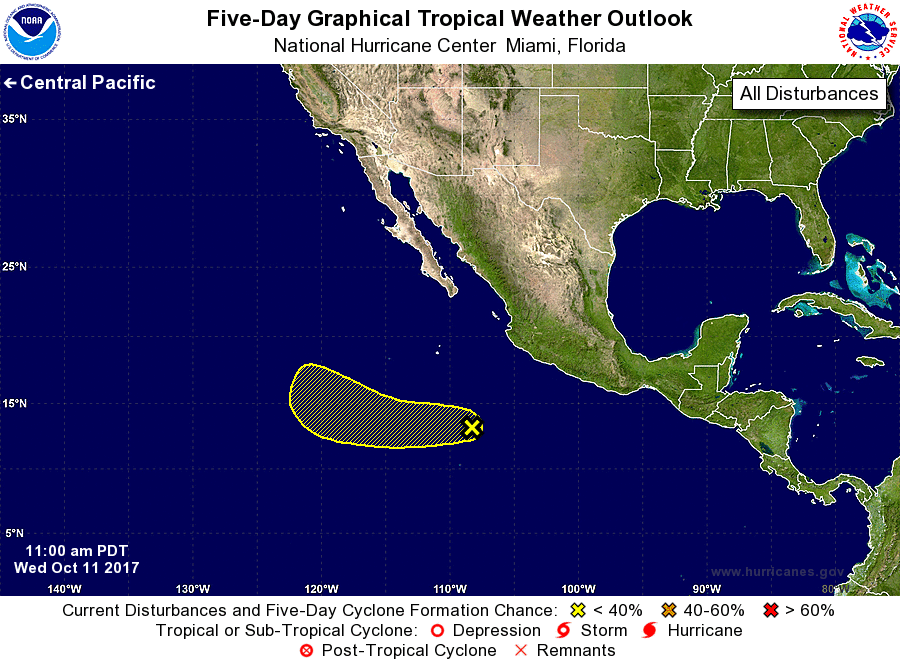
For the eastern North Pacific...east of 140 degrees west longitude:

1. A broad area of low pressure centered over 600 miles south of the southern tip of the Baja California Peninsula is producing disorganized showers and thunderstorms. Strong upper-level winds will likely limit development of this system for the next day or two, but environmental conditions could allow some gradual development to occur thereafter while the system moves generally westward at 10 to 15 mph.
* Formation chance through 48 hours...low...near 0 percent.
* Formation chance through 5 days...low...20 percent.

Forecaster Zelinsky